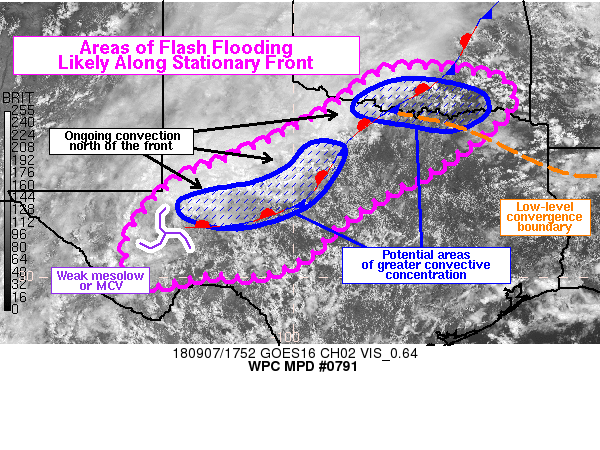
Areas affected...West, Central and North Texas, and Southern
Oklahoma

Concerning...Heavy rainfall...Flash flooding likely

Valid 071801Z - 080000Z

Summary...Areas of rain with embedded heavier rain bands or
thunderstorms are expected to continue through the afternoon along
and north of a stationary front from Texas into southern Oklahoma.
This is likely to lead to areas of flash flooding this afternoon.
Rain rates of 1-2 in/hr will be common in the heavier rain bands,
with localized rates to around 3 in/hr possible in more extreme
circumstances. Some of the flash flooding could be more widespread
or severe where heavy rain bands stall for an extended period of
time.

Discussion...There is increasing confidence in heavy rainfall and
more widespread flooding issues this afternoon from as far west as
the Stockton Plateau and Permian Basin in West Texas, extending
northeast along a front into Central and North Texas, and near the
Red River in southern Oklahoma. Convective activity was embedded
in a larger area of light to moderate rain along and north of a
stationary front. The embedded convective rain bands and a few
thunderstorms did not have a great vertical depth, and were
largely dominated by warm rain processes. This is to be expected
with a deep moisture plume, melting levels around 14-15kft, and
tall, narrow CAPE profiles -- a classic combination for efficient
rain production and collision-coalescence processes. Dual pol data
from area radars also tended to confirm this, with reduced ZDR --
indicative of smaller, spherical rain drops more common through
the collision-coalescence process.

Two areas of more concentrated convection and heavy rainfall are
currently expected. One is from near the Midland-Odessa area east
and northeast to near Abilene and Throckmorton. The convective
bands appeared to be stalling southeastward progress in this area
in a low-level deformation zone. Via radar loops, there also
appeared to be a weak, broad MCV or mesolow in the low levels just
to the west of Midland, which could be locally enhancing
convergence and increasing the low-level deformation along the
front in the 925-850mb layer where the convective bands are more
common. There are multiple Flash Flood Warnings already in effect
in these areas and stalling cell motions and training convection
may cause an expansion of the flash flood threat and exacerbating
flash flood impacts in areas already being affected.

Further to the northeast, there was an area of enhanced low-level
convergence where northerly flow around the west side of Tropical
Depression Gordon was meeting broad southerly flow over East Texas
in the warm sector. This was setting up an additional boundary
from south-central Oklahoma into far Northeast Texas, and this
could focus additional convective development in the next few
hours.

Outside of those two areas, flash flooding will remain possible,
but convective coverage may be a little more isolated. However,
the broader environment with PWATs generally in excess of 2 inches
(above the 90th percentile for September in this region) should be
supportive of heavy rain rates and flash flooding. Deep layer mean
winds and Corfidi vector magnitudes across the entire region are
generally 10 knots or less.